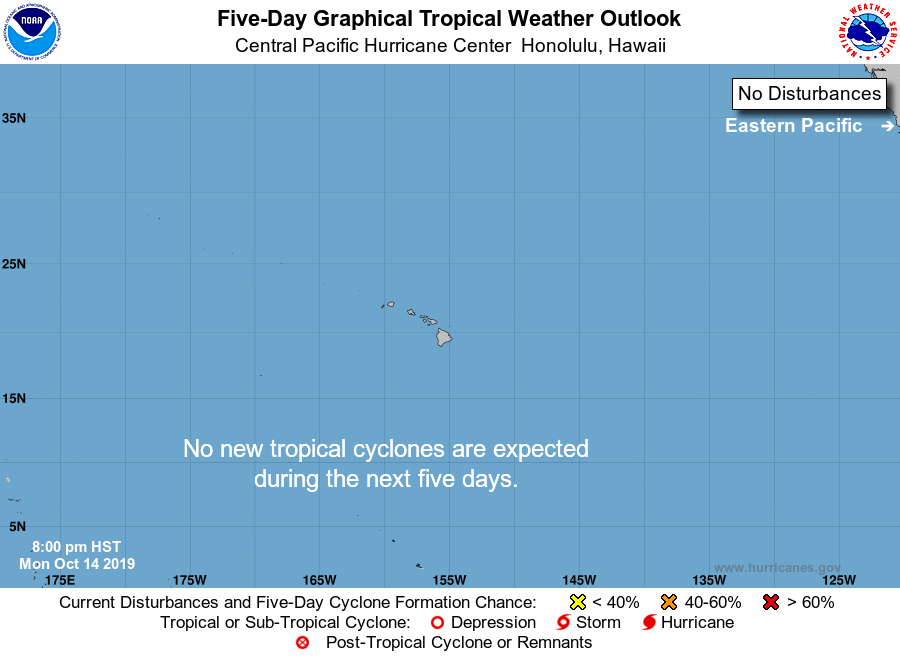
For the central North Pacific...between 140W and 180W:

No tropical cyclones are expected during the next 5 days.

Forecaster Kinel